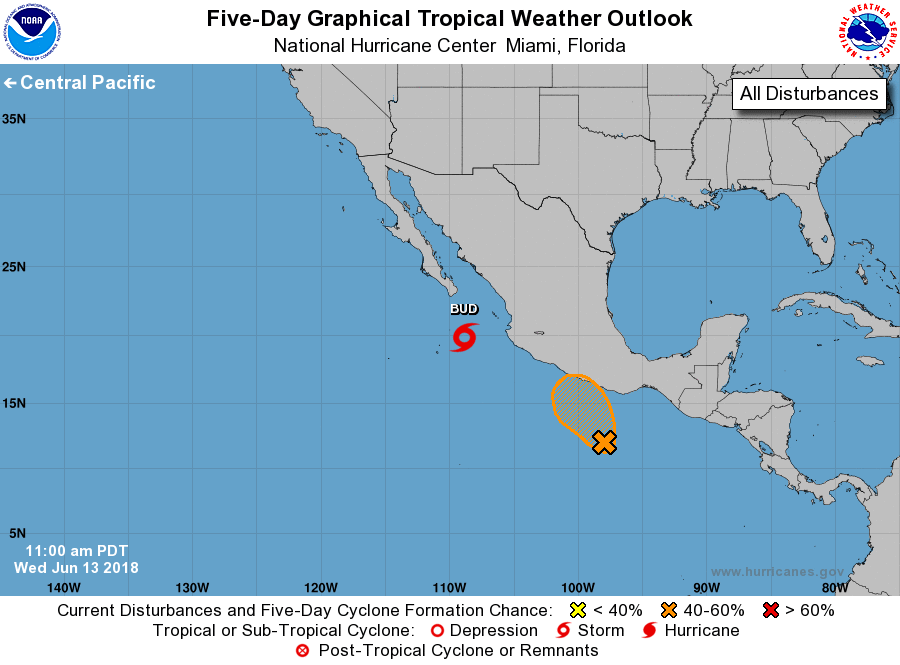
For the eastern North Pacific...east of 140 degrees west longitude:

The National Hurricane Center is issuing advisories on Tropical Storm Bud, located a couple of hundred miles south-southeast of the southern tip of the Baja California peninsula.

1. Satellite-derived wind data indicate that an area of low pressure centered about 375 miles south-southeast of Acapulco, Mexico, continues to become better defined. Environmental conditions are forecast to be somewhat conducive, and a tropical depression could form over the next couple of days while the low drifts north-northwestward. By the weekend, interaction with land is expected to limit further organization. Regardless of development, locally heavy rain causing flash floods and mudslides is possible over the southern portions of the Mexican states of Guerrero and Oaxaca beginning tomorrow and continuing into the weekend.
* Formation chance through 48 hours...medium...40 percent.
* Formation chance through 5 days...medium...50 percent.

Forecaster Blake